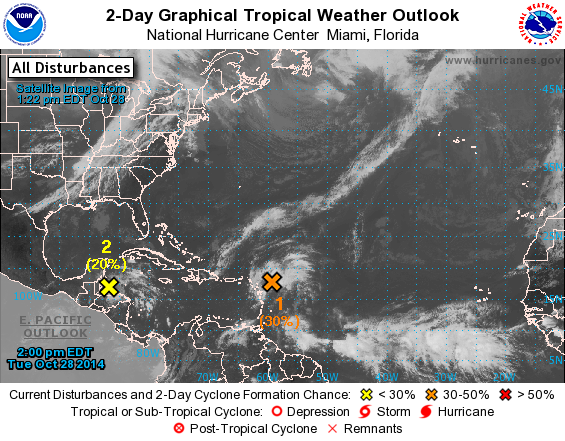
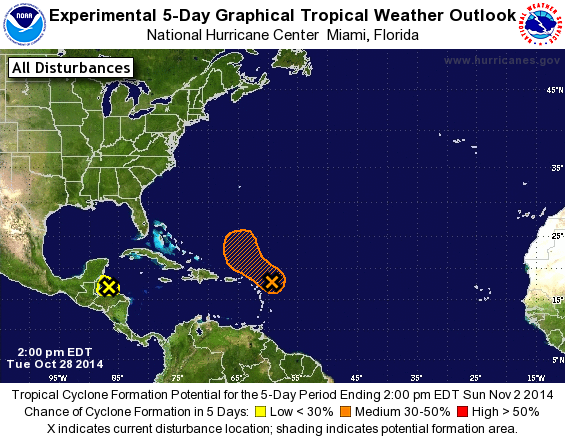
For the North Atlantic...Caribbean Sea and the Gulf of Mexico:

1. A tropical wave interacting with an upper-level trough is producing a concentrated area of showers and thunderstorms a couple of hundred miles east-northeast of the northern Leeward Islands. Since upper-level winds are expected to be marginally conducive, some gradual development of this disturbance is possible while it moves west-northwestward to northwestward at 10 to 15 mph during the next few days. By the weekend, however, conditions are expected to become unfavorable for tropical cyclone formation.
* Formation chance through 48 hours...medium...30 percent.
* Formation chance through 5 days...medium...40 percent.

2. A well-defined low pressure system, the remnants of former Tropical Storm Hanna, has emerged over the Gulf of Honduras near Roatan. This system is producing scattered showers across the northwestern Caribbean Sea and adjacant areas of northern Honduras, the Yucatan Peninsula, and Belize. Although upper-levels winds are somewhat favorable, proximity to land is expected to prevent any significant redevelopment of this disturbance while it moves west-northwestward at about 10 mph. The system is forecast to move inland over Belize and northern Guatemala by Wednesday morning, ending any chance for redevelopment after that time.
* Formation chance through 48 hours...low...20 percent.
* Formation chance through 5 days...low...20 percent.

Forecaster Stewart